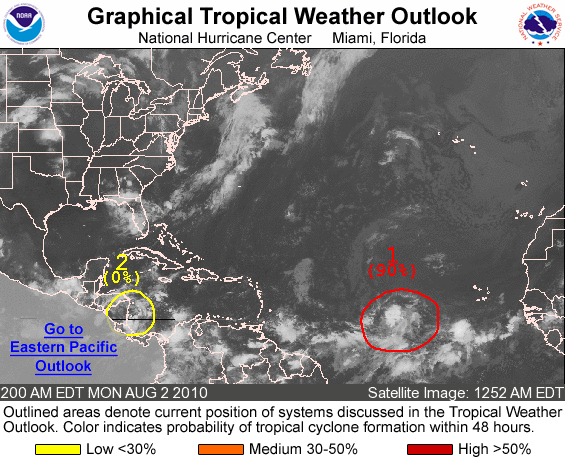
FOR THE NORTH ATLANTIC...CARIBBEAN SEA AND THE GULF OF MEXICO...

1. CLOUDINESS AND THUNDERSTORMS ASSOCIATED WITH A LARGE AREA OF LOW PRESSURE LOCATED ABOUT 950 MILES WEST-SOUTHWEST OF THE CAPE VERDE ISLANDS REMAIN FAIRLY WELL ORGANIZED...HOWEVER SATELLITE MICROWAVE IMAGERY INDICATES THAT THE LOW DOES NOT YET HAVE A WELL-DEFINED SURFACE CENTER OF CIRCULATION. NONETHELESS...CONDITIONS APPEAR FAVORABLE FOR DEVELOPMENT AND A TROPICAL DEPRESSION COULD FORM AT ANY TIME DURING THE NEXT DAY OR SO AS THIS SYSTEM MOVES WEST-NORTHWESTWARD AT 10 TO 15 MPH. THERE IS A HIGH CHANCE...90 PERCENT...OF TROPICAL CYCLONE FORMATION DURING THE NEXT 48 HOURS.

2. A TROPICAL WAVE APPROACHING THE COAST OF NICARAGUA IS PRODUCING DISORGANIZED SHOWERS AND THUNDERSTORMS OVER THE SOUTHWESTERN CARIBBEAN SEA AND ADJACENT LAND AREAS. SIGNIFICANT DEVELOPMENT OF THIS DISTURBANCE IS UNLIKELY BEFORE IT MOVES INLAND LATER TODAY... AND THERE IS A LOW CHANCE...NEAR 0 PERCENT...OF THIS SYSTEM BECOMING A TROPICAL CYCLONE DURING THE NEXT 48 HOURS.

ELSEWHERE...TROPICAL CYCLONE FORMATION IS NOT EXPECTED DURING THE NEXT 48 HOURS.

FORECASTER PASCH